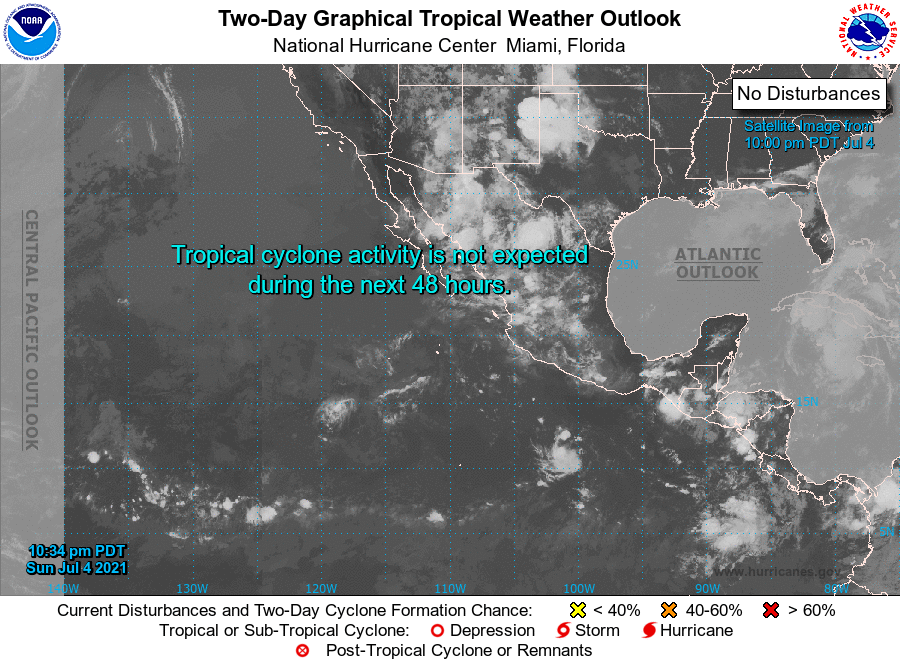
For the eastern North Pacific...east of 140 degrees west longitude:

Tropical cyclone formation is not expected during the next 5 days.

Forecaster Reinhart/Cangialosi